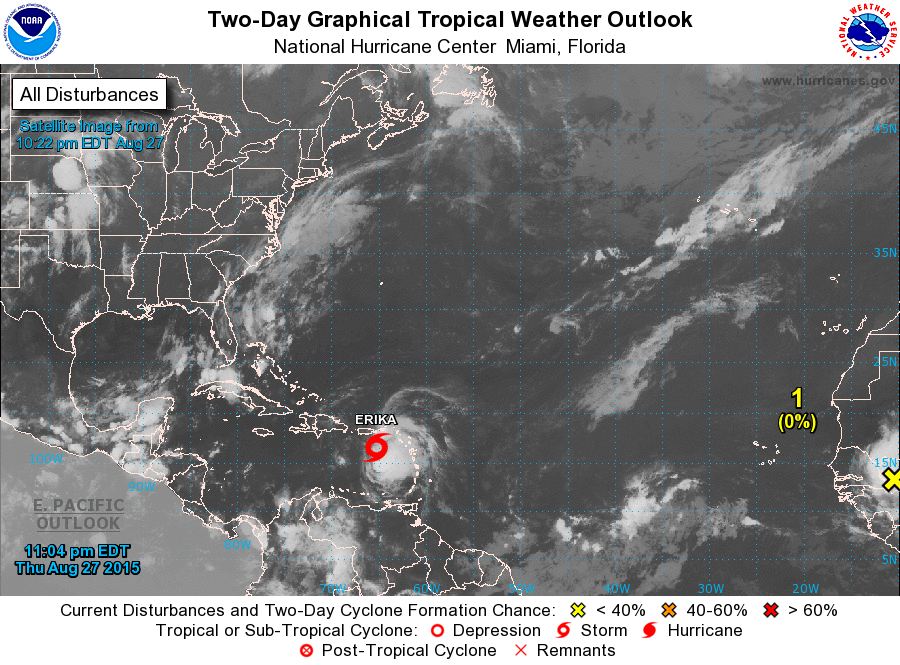
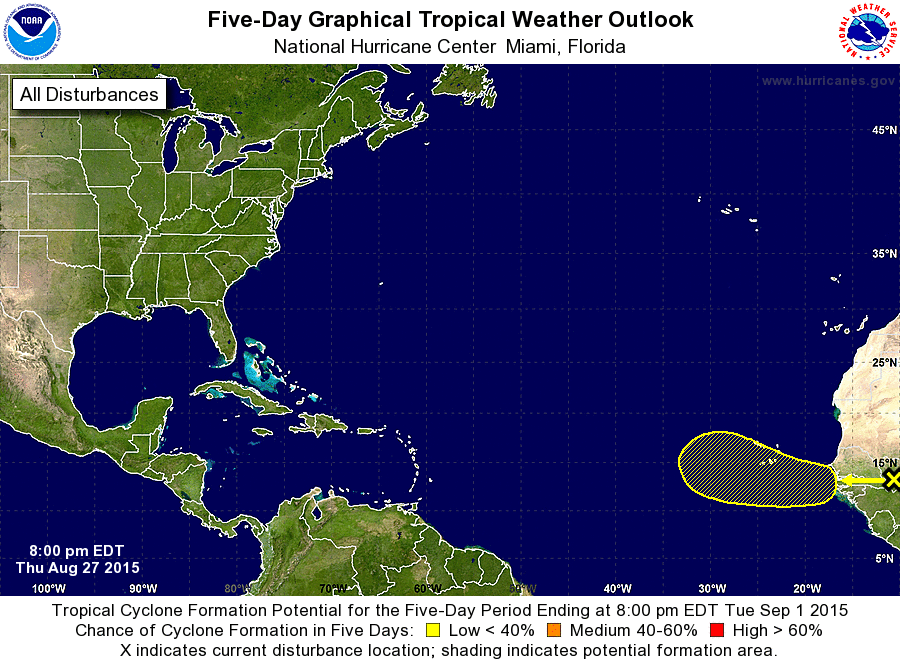
For the North Atlantic...Caribbean Sea and the Gulf of Mexico:

The National Hurricane Center is issuing advisories on Tropical Storm Erika, located over the northeastern Caribbean Sea.

1. A tropical wave is forecast to emerge off of the coast of Africa on Saturday a few hundred miles east-southeast of the Cape Verde Islands. Some slow development of the disturbance will be possible through the middle of next week while the system moves westward at 10 to 15 mph.
* Formation chance through 48 hours...low...near 0 percent
* Formation chance through 5 days...low...20 percent

Forecaster Stewart